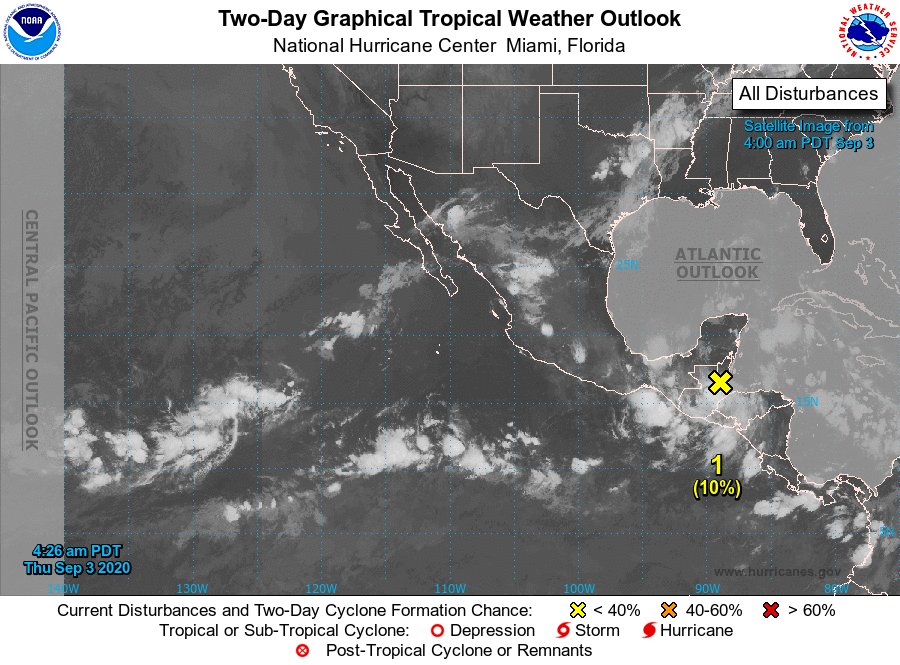
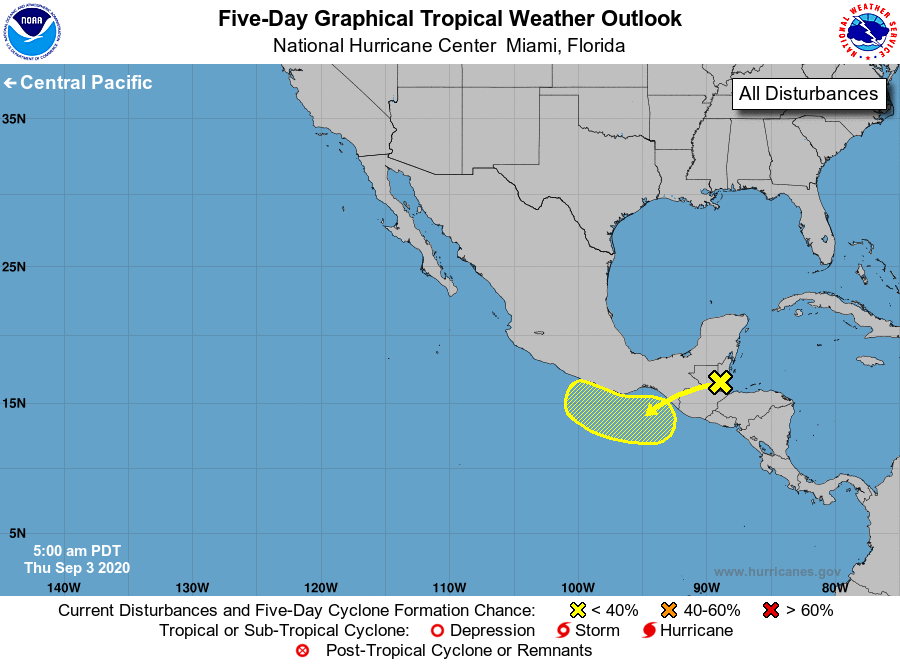
For the eastern North Pacific...east of 140 degrees west longitude:

1. The remnants of Atlantic basin Tropical Storm Nana are expected to emerge over the eastern Pacific waters near the Gulf of Tehuantepec on Friday. Unfavorable upper-level winds are expected to inhibit development through early next week while the system moves generally west-northwestward, near or along the southern coast of Mexico.
* Formation chance through 48 hours...low...10 percent.
* Formation chance through 5 days...low...20 percent.

Forecaster Roberts